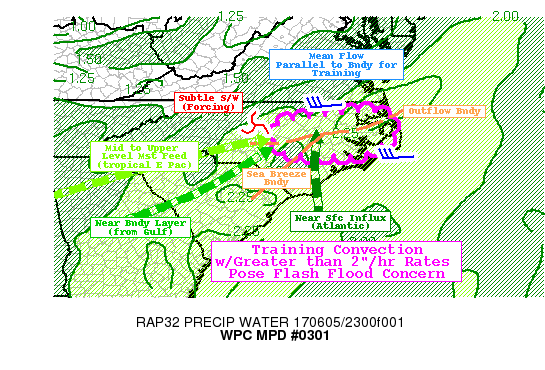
AREAS AFFECTED...EASTERN NC

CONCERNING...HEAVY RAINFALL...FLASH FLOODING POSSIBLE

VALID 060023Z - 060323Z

SUMMARY...TRAINING CONVECTION MAY POSE FLASH FLOODING CONDITIONS
OVER THE NEXT FEW HOURS

DISCUSSION...GOES-16 VIS/IR CONTINUES TO SHOW COOLING/EXPANDING
CONVECTION ALONG A SLOWLY SOUTH DRIFTING OUTFLOW BOUNDARY.
FURTHER UPSTREAM A WEAK SHORTWAVE IS ALLOWING FOR ADDITIONAL
CONVECTION ALONG ITS LEADING EDGE/ASSOCIATED HEIGHT FALLS ACROSS
RALEIGH-DURHAM CORRIDOR WHILE HELPING TO FLATTEN STEERING FLOW TO
SUPPORT TRAINING OF CONVECTION.  UNSEASONABLY DEEP MOISTURE
AVAILABILITY HAS SATURATED THE ENTIRE COLUMN ORIGINATING FROM
THREE STREAMS...LOWER LEVEL INFLOW EAST OF SEA BREEZE FROM SELY
FLOW...NEAR BOUNDARY LAYER MOISTURE FROM THE GULF (SSWLY) AND CIRA
LAYERED TPW SHOWING 700-300 TPW TRACING FROM EASTERN TROPICAL
PACIFIC AND FORMER TROPICAL CYCLONE BEATRIZ.  THIS HAS LEAD TO
HIGHER RAINFALL EFFICIENCY ACROSS THE EASTERN PIEDMONT (FROM VA TO
SC) THROUGHOUT THE DAY GENERALLY HIGHER THAN EVEN LOCAL RADARS ARE
ESTIMATING IN THE 2.5-3"/HR RANGE.  AS SUCH EVEN WITH THE HIGHER
FFG VALUES IN THE REGION...RAINFALL TOTALS OF 2-4" IN QUITE SHORT
TERM PERIOD ARE POSSIBLE SUPPORTING FLASH FLOODING CONCERNS.